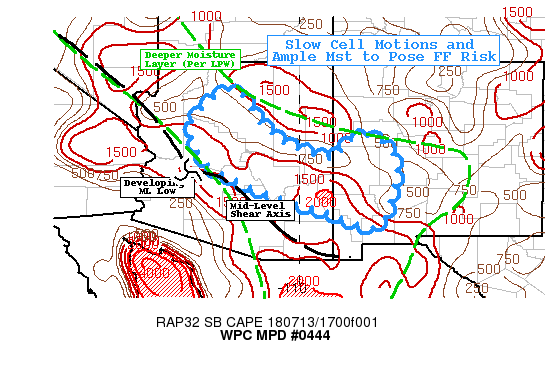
AREAS AFFECTED...CENTRAL AND EASTERN AZ... WEST CENTRAL NM...

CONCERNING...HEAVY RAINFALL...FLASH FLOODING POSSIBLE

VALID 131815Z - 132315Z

SUMMARY...SLOW CELL MOTIONS AND .75-1.5" TOTALS IN SHORT DURATION
POSE NUMEROUS BUT LOCALIZED FLASH FLOODING CONDITIONS THROUGH THIS
EVENING.

DISCUSSION...CIRA LPW AND THREE CHANNEL GOES-16 WV SUITE OF
IMAGERY CONTINUE TO DEPICT A NARROWING BUT FAIRLY STATIC BAND OF
DEEP MOISTURE GENERALLY COINCIDENT WITH THE MID-LEVEL SHEAR AXIS
FROM S NV ACROSS THE MOGOLLON RIM TO SW NM.  THIS IS PARTICULARLY
EVIDENT IN THE LOWER LAYERS FROM 8H-6H CONFIRMED WITH EARLY
MORNING SOUNDINGS.  ADDITIONALLY THROUGH THE ZONE, LIMIT MID-LEVEL
CLOUDS/CIRRUS HAS ALLOWED FOR INCREASED EARLY MORNING INSOLATION
AND CURRENTLY SUPPORTS A BAND OF UNCAPPED  1500-2500 J/KG SBCAPES
FROM YAVAPAI TO GRANT/HILDALGO COUNTIES WITH HIGHER VALUES WEST
INTO THE GILA, MOGOLLON AND BLACK RANGES.  AS SUCH, VISIBLE
IMAGERY AND LOCAL RADAR MOSAIC DENOTE CONVECTION DEVELOPING WITH
CBS OVER THESE RANGES AND TCU AS FAR WEST AS THE HUALPAI AND
AQUARIUS RANGES IN WEST CENTRAL AZ AND A FEW TCU EVEN SOUTH OF THE
PUEBLO VALLEY.

STRONGER MID TO UPPER LEVEL RIDGING SUGGESTS SMALL NE TO SW CELL
MOTIONS BUT BELOW 5 KTS WITH WEAK INFLOW FROM THE VALLEY...STILL
MOISTURE HAS BEEN SCOURED A BIT FROM PRIOR DAYS WITH VALUES OF IN
THE VICINITY OF 1.25-1.4" ALONG THIS SPINE THOUGH THE WEAK INFLOW
WOULD ADVECT SOME HIGHER/DEEPER MOISTURE VALUES TO MAINTAIN SOME
CONVECTION ON THE EXPECTED OUTFLOW BOUNDARIES FROM THESE INITIAL
CELLS.  STILL THE MOISTURE AVAILABLE AND CONVERSION IN THESE PULSE
CELLS POSE LOCALIZED .75-1" TOTALS INITIALLY WITH UP TO 1.5"
POSSIBLE ESPECIALLY AS COLLIDING OUTFLOW BOUNDARIES OVERTURN
BROADER AREAS MORE QUICKLY AS WELL (THOUGH THAT SHOULD BE LATER IN
THE 21-00Z TIME FRAME).  GIVEN THIS AND HARD PAN/ HYDROPHOBIC
SURFACES...FLASH FLOODING REMAINS POSSIBLE THROUGH THE
AFTERNOON/EARLY EVENING HOURS.